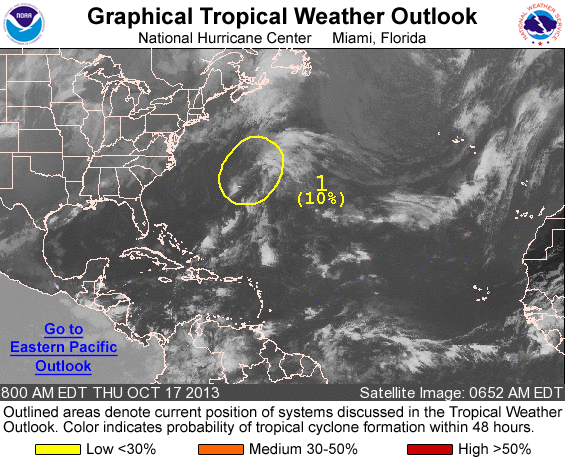
FOR THE NORTH ATLANTIC...CARIBBEAN SEA AND THE GULF OF MEXICO...

1. A SURFACE LOW PRESSURE SYSTEM LOCATED ABOUT 200 MILES NORTH-NORTHEAST OF BERMUDA IS PRODUCING DISORGANIZED SHOWERS AND THUNDERSTORMS. THE LOW IS EXPECTED TO MOVE NORTHEASTWARD NEAR OR ALONG A FRONTAL BOUNDARY OVER THE CENTRAL ATLANTIC DURING THE NEXT COUPLE OF DAYS...AND ENVIRONMENTAL CONDITIONS REMAIN UNFAVORABLE FOR SUBTROPICAL OR TROPICAL CYCLONE FORMATION. THIS SYSTEM HAS A LOW CHANCE...10 PERCENT...OF BECOMING A SUBTROPICAL OR TROPICAL CYCLONE DURING THE NEXT 48 HOURS...AND A LOW CHANCE...10 PERCENT... OF BECOMING A SUBTROPICAL OR TROPICAL CYCLONE DURING THE NEXT 5 DAYS.

FIVE-DAY FORMATION PROBABILITIES ARE EXPERIMENTAL IN 2013. COMMENTS ON THE EXPERIMENTAL FORECASTS CAN BE PROVIDED AT...

HTTP://WWW.NWS.NOAA.GOV/SURVEY/NWS-SURVEY.PHP?CODE=ETWO

FORECASTER BEVEN